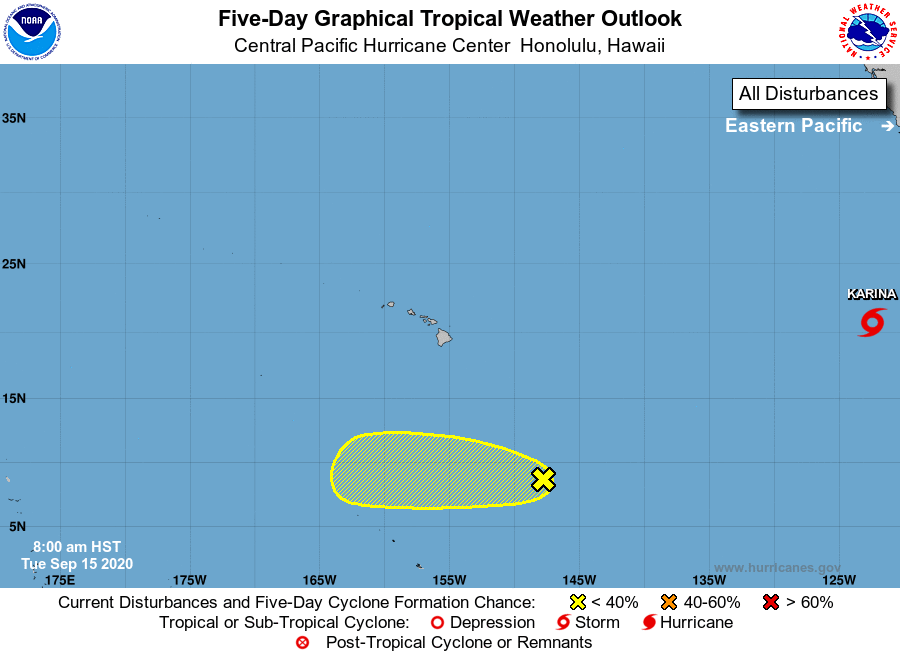
For the central North Pacific...between 140W and 180W:

1. A disturbance about 900 miles southeast of Hilo, Hawaii remains disorganized. Environmental conditions are not expected to be favorable for the disturbance to strengthen as it moves west.
* Formation chance through 48 hours...low...near 0 percent.
* Formation chance through 5 days...low...near 0 percent.

Elsewhere, no tropical cyclones are expected during the next 5 days.

Forecaster Blood